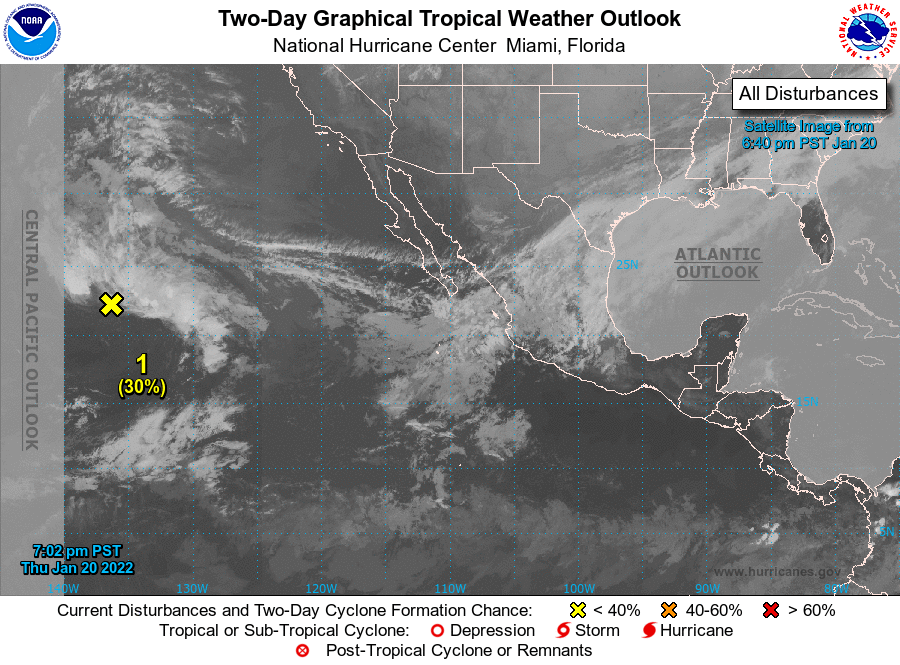
For the eastern North Pacific...east of 140 degrees west longitude:

Special Tropical Weather Outlook issued to update information on the area of low pressure located well to the east-northeast of Hawaii.

1. A well-defined area of low pressure producing gale-force winds is located more than 1000 miles east-northeast of Hilo, Hawaii. Shower and thunderstorm activity has decreased a little during the past several hours. Environmental conditions appear to be only marginally favorable for additional development, and they are expected to become much less favorable on Friday. However, there is still a chance for a short-lived subtropical or tropical cyclone to form during the next day or so as the low moves northwestward to westward. For more information on this system, including gale warnings, see High Seas Forecasts issued by the National Weather Service.
* Formation chance through 48 hours...low...30 percent.
* Formation change through 5 days...low...30 percent.

The next Special Tropical Weather Outlook on this system will be issued by 7 AM PST this Friday morning, or earlier if conditions warrant.

Forecaster Beven